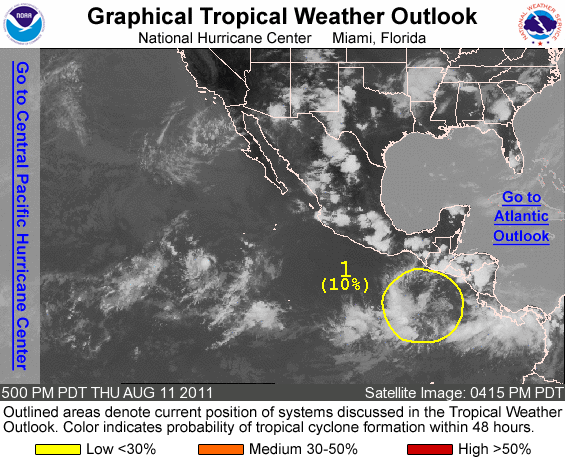
FOR THE EASTERN NORTH PACIFIC...EAST OF 140 DEGREES WEST LONGITUDE..

1. SHOWERS AND THUNDERSTORMS ASSOCIATED WITH A BROAD AREA OF LOW PRESSURE CENTERED A FEW HUNDRED MILES SOUTH OF EL SALVADOR ARE CURRENTLY POORLY ORGANIZED....AND ANY DEVELOPMENT IS EXPECTED TO BE SLOW TO OCCUR. THIS SYSTEM HAS A LOW CHANCE...10 PERCENT...OF BECOMING A TROPICAL CYCLONE DURING THE NEXT 48 HOURS AS IT MOVES SLOWLY WESTWARD.

FORECASTER BEVEN